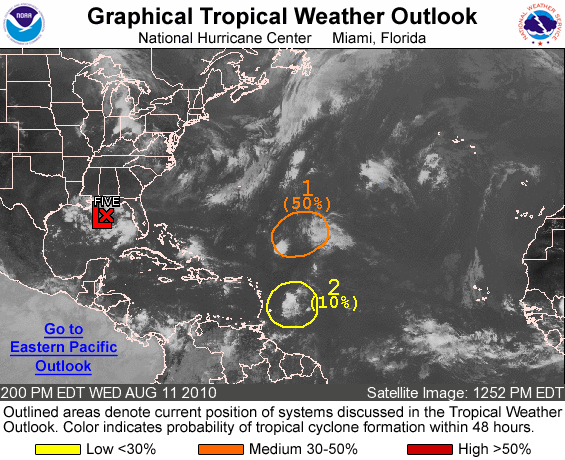
FOR THE NORTH ATLANTIC...CARIBBEAN SEA AND THE GULF OF MEXICO...

THE NATIONAL HURRICANE CENTER IS ISSUING ADVISORIES ON TROPICAL DEPRESSION FIVE...LOCATED ABOUT 150 MILES EAST-SOUTHEAST OF THE MOUTH OF THE MISSISSIPPI RIVER.

1. A LOW PRESSURE SYSTEM LOCATED ABOUT 700 MILES NORTHEAST OF THE NORTHERN LEEWARD ISLANDS HAS BECOME LESS ORGANIZED THIS AFTERNOON...AND DEVELOPMENT APPEARS A LITTLE LESS LIKELY DUE TO STRONG UPPER-LEVEL WINDS. THERE IS A MEDIUM CHANCE...50 PERCENT...OF THIS SYSTEM BECOMING A TROPICAL CYCLONE DURING THE NEXT 48 HOURS AS IT MOVES TOWARD THE NORTH AND NORTH-NORTHEAST OVER THE ATLANTIC.

2. SHOWER ACTIVITY ASSOCIATED WITH A TROPICAL WAVE LOCATED ABOUT 350 MILES EAST OF THE LESSER ANTILLES REMAINS DISORGANIZED. SIGNIFICANT DEVELOPMENT OF THIS WAVE IS NOT EXPECTED AS IT MOVES WESTWARD AT ABOUT 15 MPH. THERE IS A LOW CHANCE...10 PERCENT...OF THIS SYSTEM BECOMING A TROPICAL CYCLONE DURING THE NEXT 48 HOURS.

ELSEWHERE...TROPICAL CYCLONE FORMATION IS NOT EXPECTED DURING THE NEXT 48 HOURS.

FORECASTER CANGIALOSI/WALTON